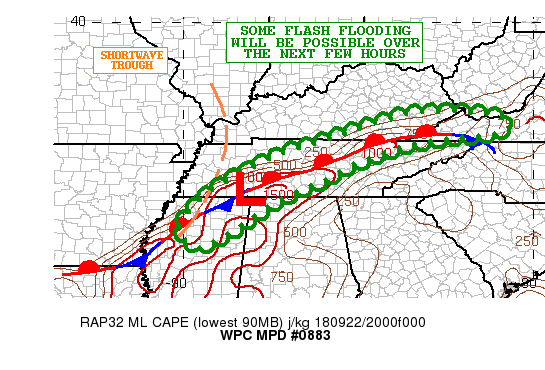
Areas affected...Northern MS...Far Northwest AL...Central
TN...Southeast KY...Southwest VA

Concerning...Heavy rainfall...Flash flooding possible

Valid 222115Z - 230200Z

Summary...Showers and thunderstorms with heavy rainfall rates will
tend to expand a bit more in coverage over the next few hours.
Some flash flooding is possible.

Discussion...The latest GOES-16 visible satellite imagery has been
showing an expansion of convective tops from northern MS
northeastward across central TN, southeast KY, and far southwest
VA. The activity has been forming along a frontal zone and within
an axis of instability with MLCAPE values of as much as 1000 to
1500 j/kg. Additionally, there is some modest right-entrance
region jet dynamics in place over the region which is being
facilitated by the northeast advance of a shortwave trough moving
into the OH Valley.

Rainfall rates are expected to be rather heavy given PWATs on the
order of 1.75 to 2 inches which is a solid 2 standard deviations
above normal, and the latest HRRR-tle probabilistic output does
suggest hourly rainfall amounts of as much as 2 inches.

The thunderstorm activity may tend to organize a bit further over
the next couple of hours before the instability pool begins to
wane, and actually the latest HRRR guidance does favor some
localized pockets of 3 to 4 inch rainfall amounts going through
mid-evening. Some flash flooding will be possible as a result.